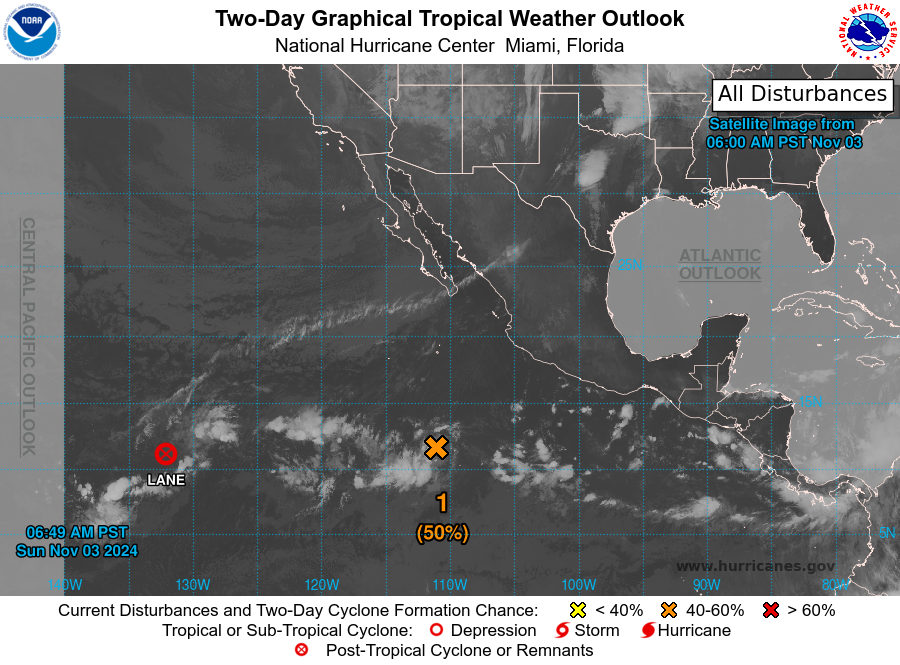
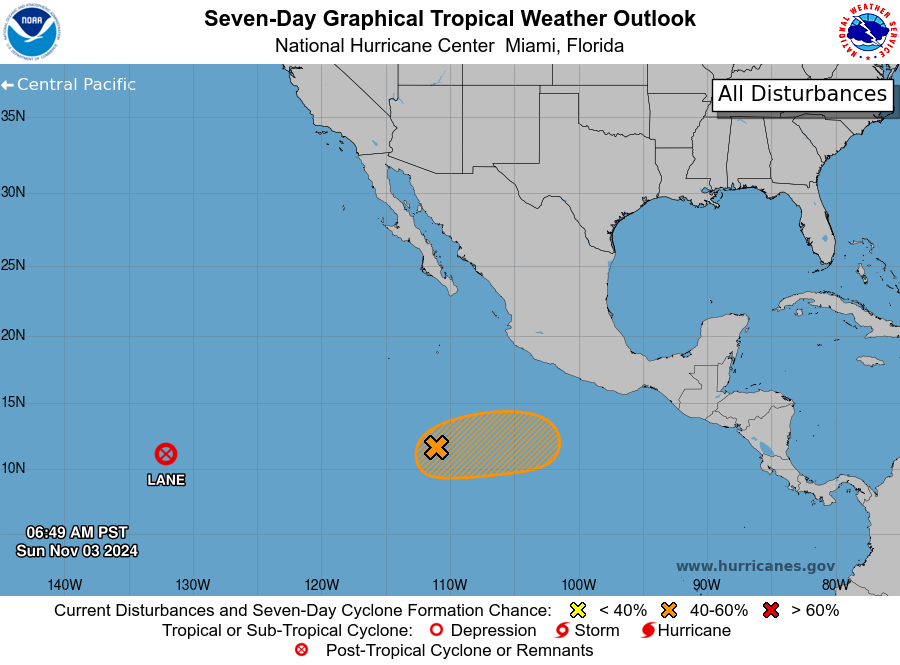
For the eastern North Pacific...east of 140 degrees west longitude:

Active Systems: The National Hurricane Center is issuing advisories on Tropical Depression Lane, located over the western portion of the eastern Pacific basin.

1. Southwest of Southwestern Mexico (EP93): An area of low pressure located well to the south of the southern tip of Baja California is producing some disorganized shower and thunderstorm activity. Environmental conditions appear marginally conducive for some additional development of this slow-moving small system, and a tropical depression could form over the next several days. The low is expected to begin an eastward drift in a few days.
* Formation chance through 48 hours...medium...50 percent.
* Formation chance through 7 days...medium...50 percent.

Forecaster Bucci